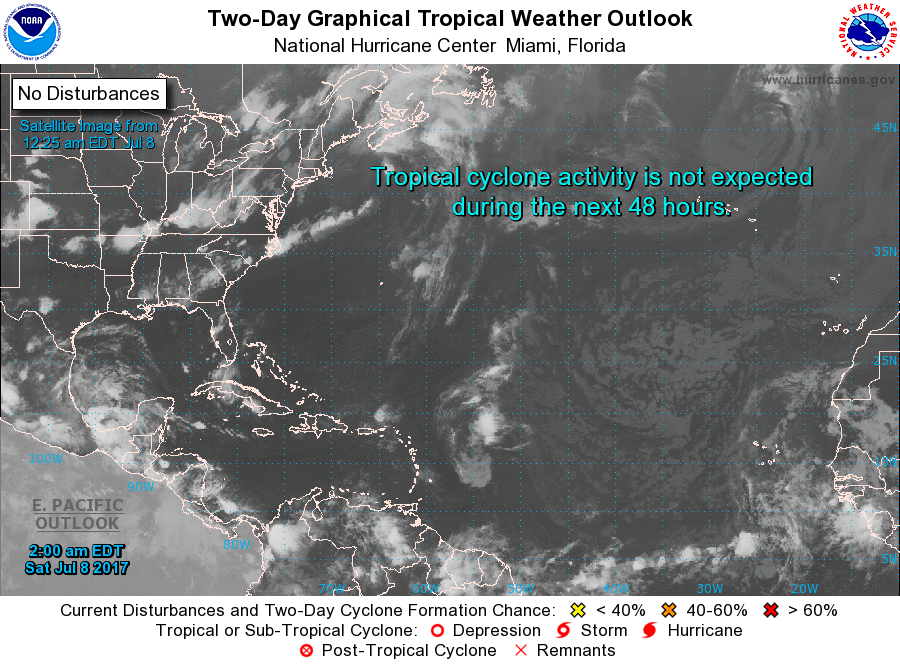
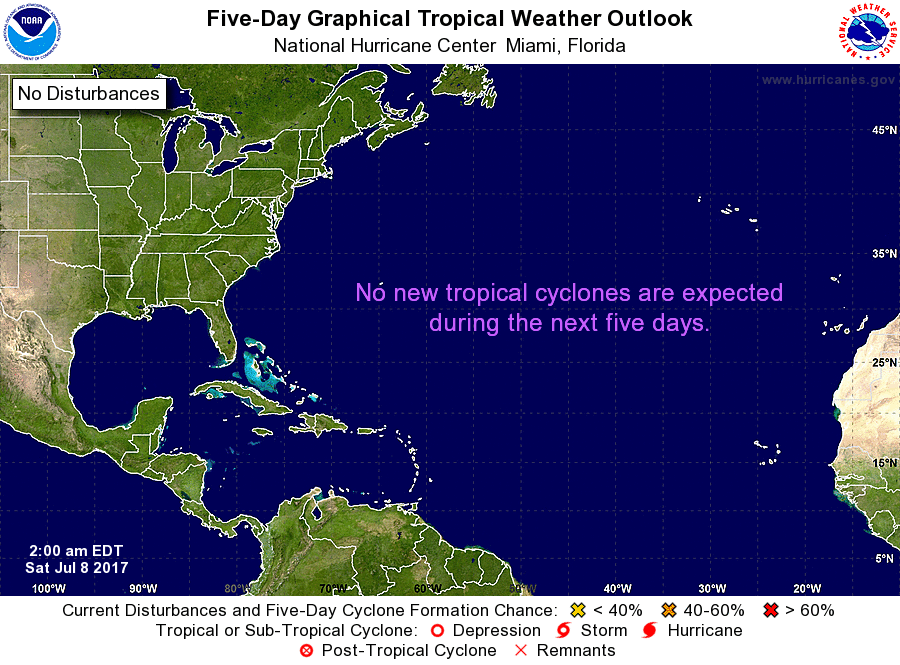
For the North Atlantic...Caribbean Sea and the Gulf of Mexico:

Tropical cyclone formation is not expected during the next 5 days.

Forecaster Stewart